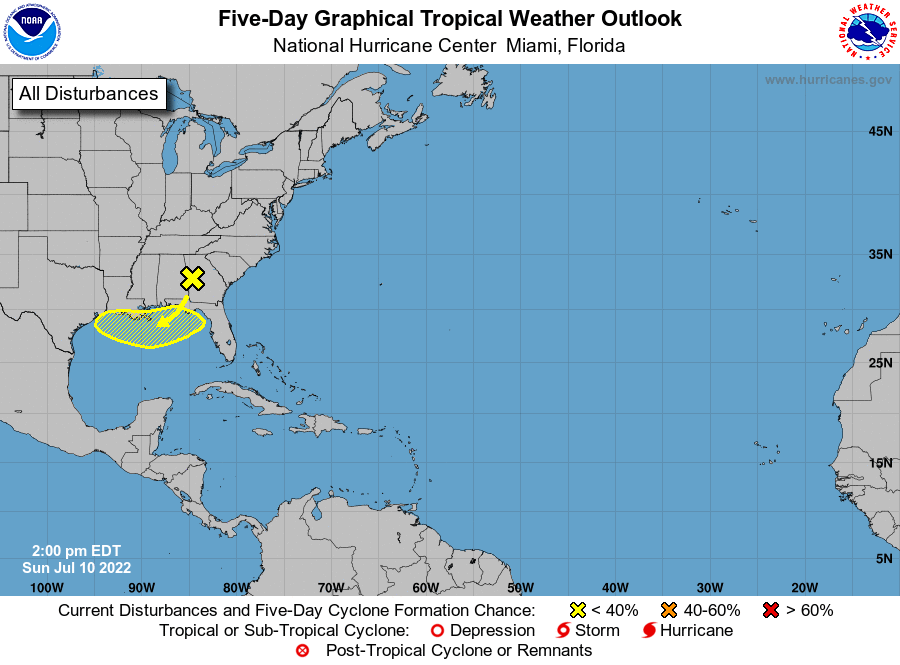
For the North Atlantic...Caribbean Sea and the Gulf of Mexico:

1. Northern Gulf of Mexico: A surface trough of low pressure is expected to form in the northern Gulf of Mexico, partially related to a decaying frontal boundary currently located over the southeastern United States. Any development of this system is expected to be slow to occur while it drifts just offshore of the northern Gulf of Mexico coastline through the middle to later part of this week. Regardless of development, heavy rains will be possible along portions of the northern Gulf coastline from Louisiana to the Florida Panhandle over the next several days. For more information about the potential for heavy rain, please see products issued by your local National Weather Service office and the Weather Prediction Center.
* Formation chance through 48 hours...low...near 0 percent.
* Formation change through 5 days...low...20 percent.

Forecaster Papin